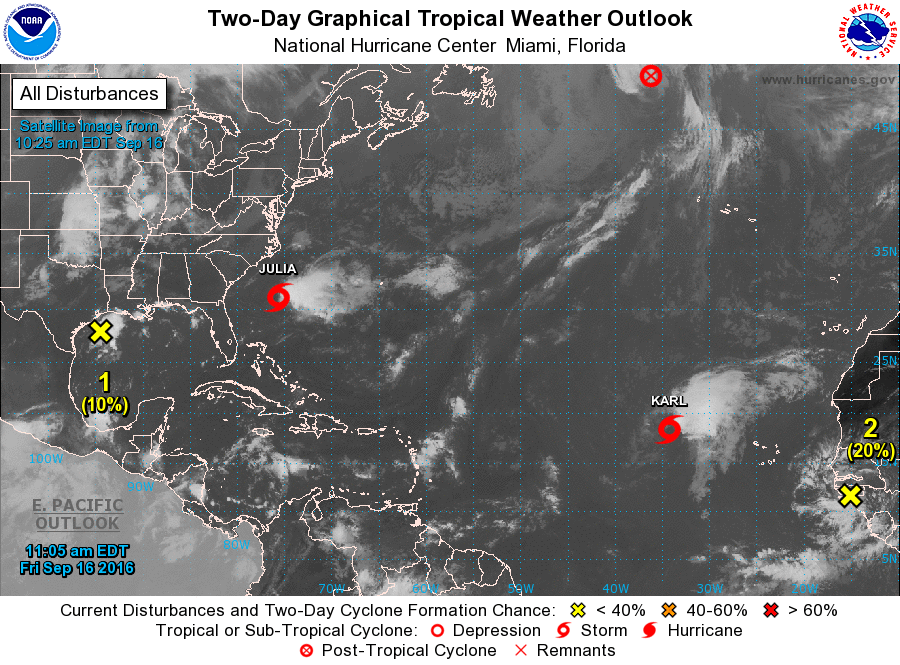
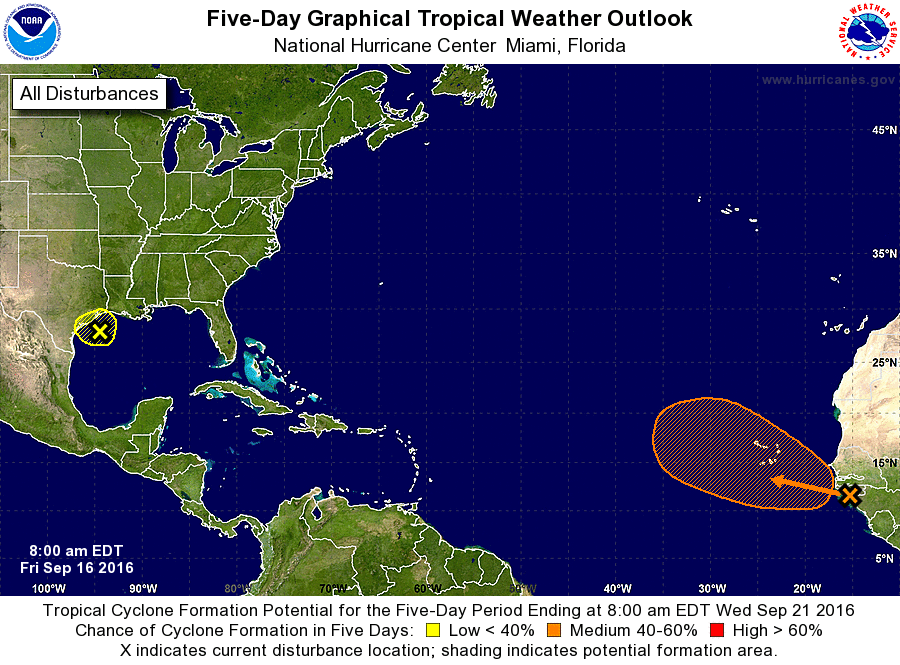
For the North Atlantic...Caribbean Sea and the Gulf of Mexico:

The National Hurricane Center is issuing advisories on Tropical Storm Ian, located several hundred miles east of Cape Race, Newfoundland, on Tropical Storm Julia, located offshore of the South Carolina coast, and on Tropical Storm Karl, located several hundred miles west-northwest of the Cabo Verde Islands.

1. An elongated area of low pressure over the northwestern Gulf of Mexico is producing disorganized shower and thunderstorm activity. Development of this system, if any, should be slow to occur before it moves inland over Texas by tonight.
* Formation chance through 48 hours...low...10 percent
* Formation chance through 5 days...low...10 percent

2. A tropical wave moving off of the coast of Africa into the far eastern Atlantic is expected to move west-northwestward for the next few days. Some development of this system is possible before conditions become less favorable for tropical cyclone formation by the middle of next week.
* Formation chance through 48 hours...low...20 percent
* Formation chance through 5 days...medium...50 percent

Forecaster Beven